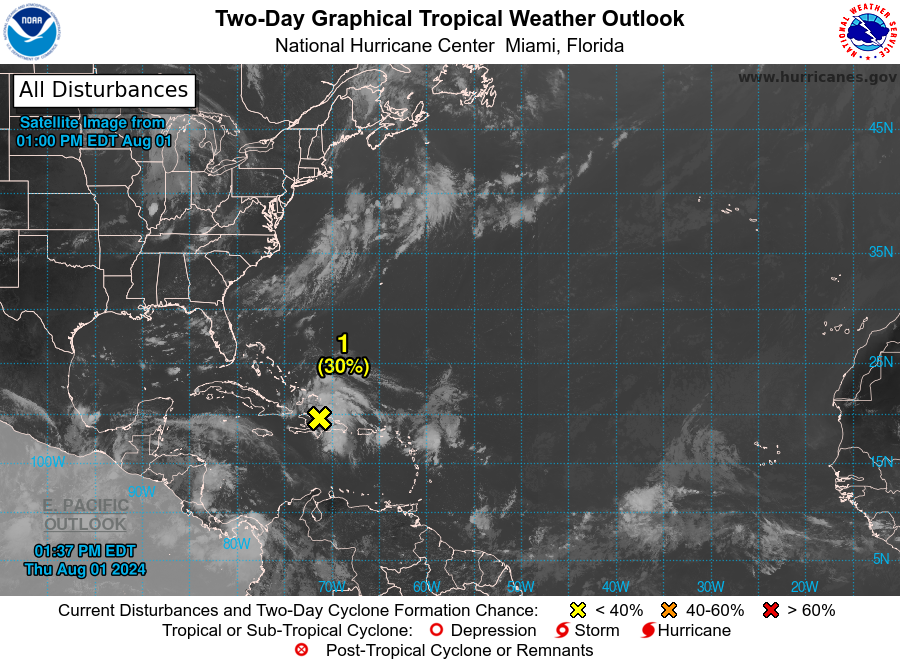
For the North Atlantic...Caribbean Sea and the Gulf of Mexico:

1. Southwestern Atlantic and Eastern Gulf of Mexico (AL97): A well-defined tropical wave is producing a large area of disorganized showers and thunderstorms over Hispaniola, Puerto Rico, the Southeastern Bahamas, and the adjacent waters of the southwestern Atlantic and northeastern Caribbean Sea. Development of this system should be slow to occur during the next day or so while it moves west-northwestward over portions of the Greater Antilles. However, environmental conditions are forecast to be more conducive for development after the wave passes the Greater Antilles, and a tropical depression is likely to form this weekend or early next week over the eastern Gulf of Mexico near the Florida Peninsula. Interests across the Greater Antilles, the Bahamas, and Florida should continue to monitor the progress of this system.
* Formation chance through 48 hours...low...30 percent.
* Formation chance through 7 days...high...70 percent.

Forecaster Beven